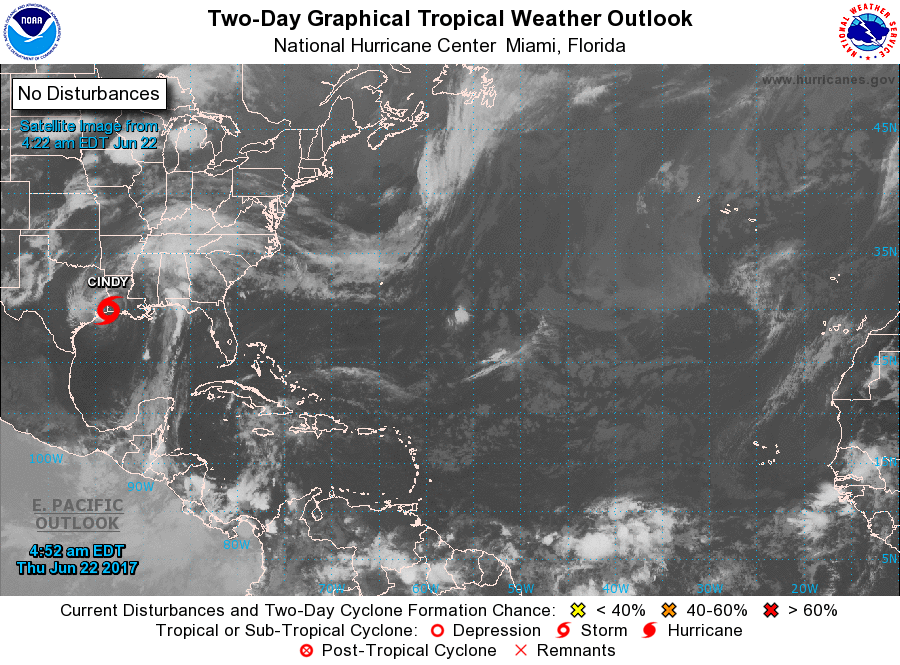
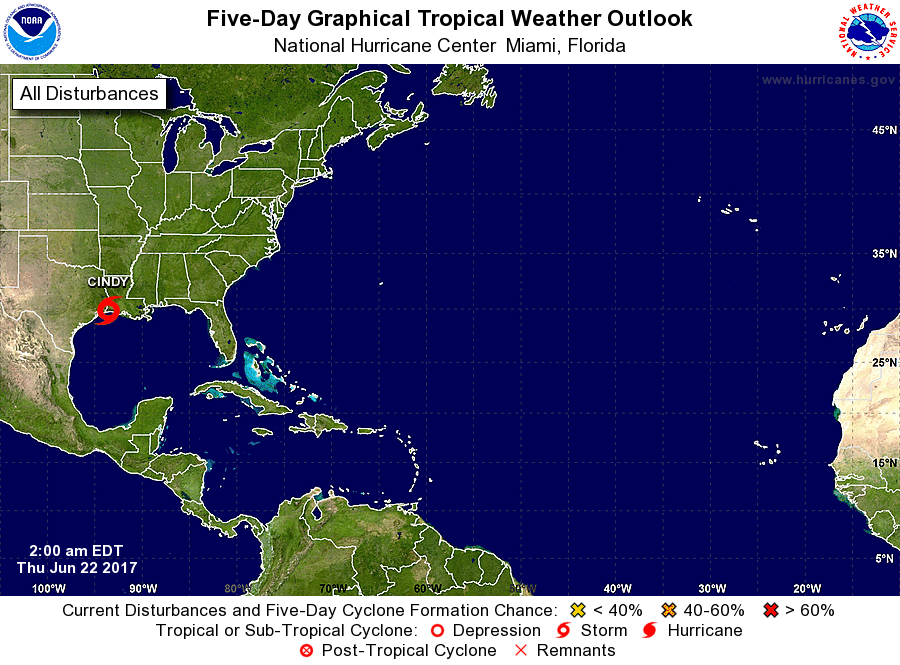
For the North Atlantic...Caribbean Sea and the Gulf of Mexico:

The National Hurricane Center is issuing advisories on Tropical Storm Cindy, located south-southeast of the Texas/Louisiana border.

Tropical cyclone formation is not expected during the next 5 days.

Forecaster Roberts